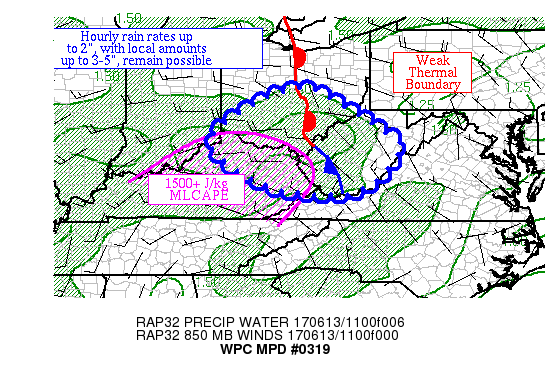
AREAS AFFECTED...PORTIONS OF SOUTHERN OH, EASTERN KY, AND WV

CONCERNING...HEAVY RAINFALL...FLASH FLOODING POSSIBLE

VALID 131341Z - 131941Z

SUMMARY...THUNDERSTORMS HAVE BEEN INCREASING IN COVERAGE IN AND
NEAR THE UPPER OH VALLEY SINCE 10Z.  HOURLY RAIN RATES UP TO 2"
WITH LOCAL AMOUNTS OF 3-5" ARE EXPECTED INTO THIS AFTERNOON.

DISCUSSION...AN UPPER LOW MOVING INTO SOUTHERN WV APPEARS TO BE
RESPONSIBLE FOR THE EARLY CONVECTIVE UPTICK ACROSS SOUTHERN OH AND
WV SINCE 10Z, HOURS AHEAD OF WHAT HAS BEEN INDICATED ON THE
MESOSCALE GUIDANCE.  RECENT SPC MESOSCALE ANALYSES SHOW CIN
ALREADY ERODING ACROSS KY AND WV.  PRECIPITABLE WATER VALUES OF
1.5-1.75" LURK ACROSS THE REGION PER RECENT GPS DATA.  INFLOW AT
850 HPA IS CONVERGENT FROM THE WEST-NORTHWEST AT 15-20 KTS,
SLIGHTLY EXCEEDING THE MEAN 850-400 HPA WIND, DRAWING IN MLCAPES
OF 1000-2000 J/KG FROM SOUTHERN OH AND KY.  BULK SHEAR ACROSS THE
REGION IS BELOW 25 KTS PER SPC MESOANALYSIS.  DESPITE THAT, SOME
ORGANIZED STRUCTURES HAVE BEEN APPEARING SPORADICALLY IN RADAR
IMAGERY.

LOW-LEVEL INFLOW SHOULD STAY AT THIS MAGNITUDE OVER THE NEXT
SEVERAL HOURS, IMPLYING THAT MOST CONVECTION SHOULD BE PULSE --
CELL MERGERS SHOULD BE THE MAIN SOURCE FOR LOCALLY HEAVY RAINFALL.
 INCREASING INSTABILITY WITH TIME DUE TO DAYTIME HEATING SHOULD
ALLOW FOR ANOTHER 1000+ J/KG OF MLCAPE AND FOR THUNDERSTORMS TO
CONTINUE TO BUILD EAST OF THE INSTABILITY POOL ACROSS
NORTH-CENTRAL KY ACROSS SOUTHERN OH, EASTERN KY, AND SOUTHERN WV.
MESOSCALE BOUNDARIES -- ONE ENTERING WESTERN WV AND NORTHEAST KY
AT THIS TIME -- SHOULD PUSH FARTHER INTO EASTERN KY AND EVENTUALLY
SOUTHWEST VA WITH TIME, INITIATING NEW CONVECTION LATER THIS
MORNING AND THIS AFTERNOON.  PER COORDINATION WITH RNK, WILL
RE-EVALUATE THE RISK IN SOUTHWEST VA LATER TODAY.  HOURLY RAIN
RATES UP TO 2", WITH LOCAL AMOUNTS OF 3-5", COULD LEAD TO
LOCALIZED ISSUES.